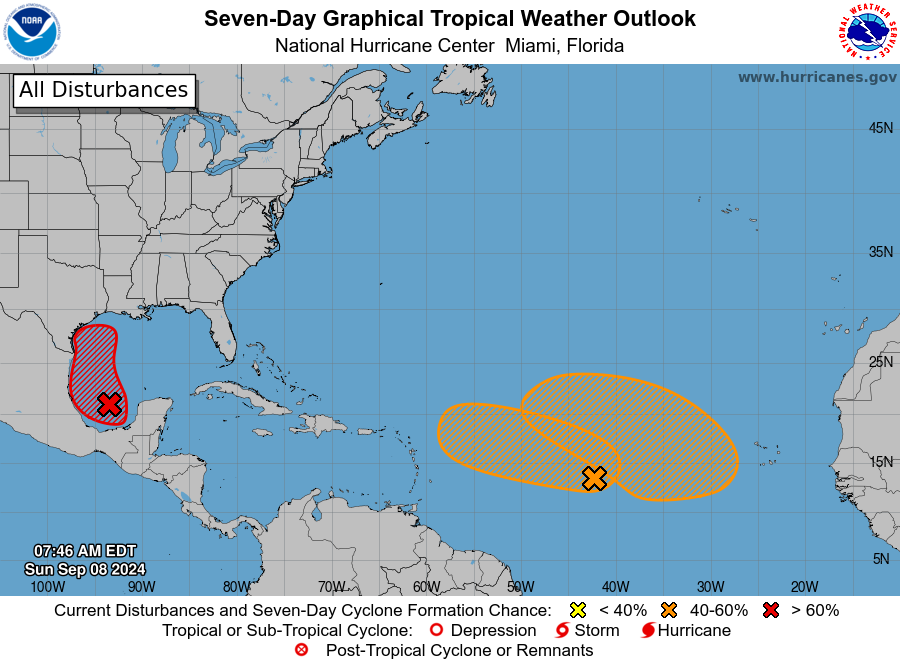
For the North Atlantic...Caribbean Sea and the Gulf of Mexico:

1. Western Gulf of Mexico (AL91): Showers and thunderstorms have increased this morning in association with a broad area of low pressure located over the southwestern Gulf of Mexico. This system is forecast to drift slowly northwestward during the next couple of days, and environmental conditions are expected to become conducive for additional development. A tropical depression is likely to form during the next couple of days as the system moves generally northwestward and then northward near or along the Gulf coast of Mexico and Texas through the middle of the week. Interests along the western and northwestern Gulf Coast should closely monitor the progress of this system. Watches could be required for portions of the western Gulf coast later today or tonight. An Air-Force Reserve Hurricane Hunter aircraft is also scheduled to investigate the system later today.
* Formation chance through 48 hours...high...80 percent.
* Formation chance through 7 days...high...90 percent.

2. Central Tropical Atlantic (AL92): Showers and thunderstorms associated with an elongated area of low pressure over the central tropical Atlantic continue to show some signs of organization. Environmental conditions appear conducive for additional development of this system, and a tropical depression could form while the system meanders over the central tropical Atlantic through Monday and then begins to move generally westward at around 10 mph through the rest of the week.
* Formation chance through 48 hours...low...40 percent.
* Formation chance through 7 days...medium...60 percent.

3. Eastern and Central Tropical Atlantic: A trough of low pressure located several hundred miles southwest of the Cabo Verde Islands is producing a broad area of disorganized showers and thunderstorms. This system is expected to move very little during the next couple of days until it potentially interacts with a tropical wave that is forecast to move off the west coast of Africa on Monday. Environmental conditions thereafter are expected to be favorable for gradual development of this system, and a tropical depression could form by the middle or latter part of the week while the system begins moving slowly west-northwestward.
* Formation chance through 48 hours...low...near 0 percent.
* Formation chance through 7 days...medium...50 percent.

Forecaster Papin